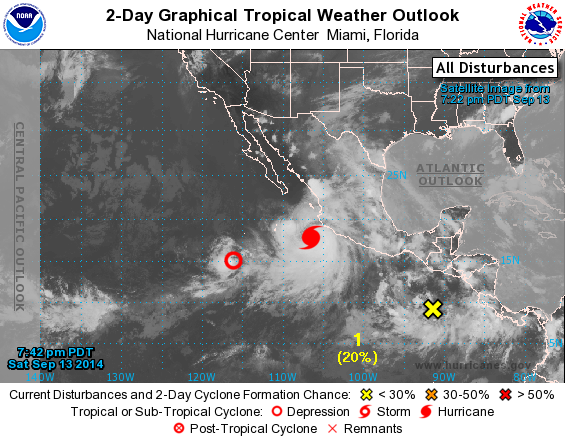
For the eastern North Pacific...east of 140 degrees west longitude:

The National Hurricane Center is issuing advisories on Hurricane Odile, located a couple of hundred miles southwest of Manzanillo, Mexico, and on Tropical Depression Sixteen-E, located several hundred miles southwest of the southern tip of the Baja California peninsula.

1. An area of low pressure located about 250 miles south of the coast of Guatemala is producing disorganized showers and thunderstorms. Environmental conditions are expected to be conducive for gradual development of this disturbance over the next several days while it drifts toward the northwest.
* Formation chance through 48 hours...low...20 percent.
* Formation chance through 5 days...high...70 percent.

Forecaster Beven